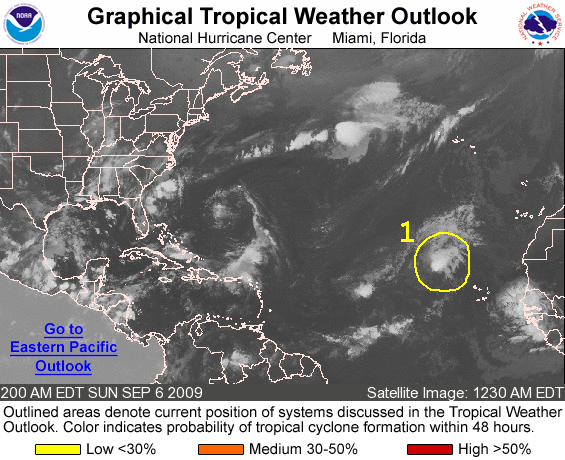
FOR THE NORTH ATLANTIC...CARIBBEAN SEA AND THE GULF OF MEXICO...

1. THE AREA OF LOW PRESSURE LOCATED ABOUT 500 MILES WEST-NORTHWEST OF THE CAPE VERDE ISLANDS IS MOVING NORTH-NORTHWESTWARD AT 15 TO 20 MPH. THIS SYSTEM SONTINUES TO SHOW SOME SIGNS OF ORGANIZATION BUT UPPER-LEVEL WINDS ARE FORECAST TO BECOME HIGHLY UNFAVORABLE FOR ANY SIGNIFICANT DEVELOPMENT. THERE IS A LOW CHANCE...LESS THAN 30 PERCENT...OF THIS SYSTEM BECOMING A TROPICAL CYCLONE DURING THE NEXT 48 HOURS.

ELSEWHERE...TROPICAL CYCLONE FORMATION IS NOT EXPECTED DURING THE NEXT 48 HOURS.

FORECASTER AVILA